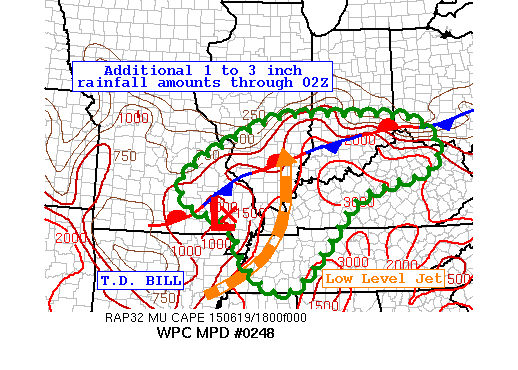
AREAS AFFECTED...SE MO...EXTREME AR...SRN IL...SRN IN...SWRN
OH...WRN AND NRN KY

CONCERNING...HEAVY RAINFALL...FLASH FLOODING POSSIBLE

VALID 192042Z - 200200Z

SUMMARY...HEAVY RAIN THREAT WITH TROPICAL DEPRESSION BILL WILL
CONTINUE SPREADING EASTWARD THROUGH EARLY EVENING.

DISCUSSION...TROPICAL DEPRESSION BILL IS CENTERED OVER THE
SOUTHEAST CORNER OF MO THIS AFTERNOON AND IT WAS CONTINUING TO
MOVE TOWARDS THE EAST-NORTHEAST.  CONVECTION NEAR THE CENTER OF
BILL HAD STARTED TO RECOVER FROM THE DIURNAL MINIMUM FROM EARLIER
THIS MORNING.  THE FOCUS FOR HEAVIEST RAINFALL STILL LOOKS TO BE
WHERE THE 850 MB FLOW RIDES UP AND OVER A QUASI-STATIONARY
BOUNDARY.  THIS ROUGHLY CORRESPONDS TO THE BEST DEFORMATION ZONE
AS SHOWN BY THE GLOBAL AND CONVECTION ALLOWING MODELS AT MID
LEVELS.

HI-RES MODELS FROM EARLY THIS AFTERNOON CONTINUE TO BE IN GENERAL
AGREEMENT ON AN INCREASE IN BANDED CONVECTION EAST OF BILL FROM
THIS AFTERNOON INTO THE EARLY EVENING AS WELL AS ALONG AND NEAR
THE STATIONARY FRONT.

SPC MESO ANALYSIS SHOWS MUCAPES ON THE ORDER OF 1500 TO 3000 J PER
KG FROM THE PARTS OF THE MISSISSIPPI VALLEY INTO THE OH VALLEY.
SATELLITE DERIVED TOTAL PRECIPITABLE WATER VALUES WERE STILL ON
THE ORDER OF 2 TO 2.25 INCHES WHICH WAS BETWEEN 2 AND 3
STANDARDIZED ANAMOLIES ABOVE NORMAL.  THEREFORE WE EXPECT THE
POTENTIAL FOR RAINFALL RATES OF 2"/HOUR IN THE HEAVIEST
CONVECTION. ADDITIONAL RAINFALL TOTALS OF 1-3" ARE EXPECTED WITH
ISOLATED HIGHER AMOUNTS POSSIBLE THROUGH 02Z.

FLASH FLOODING IS POSSIBLE ACROSS THE OUTLINED AREA WITH HIGHEST
RISK PRIMARILY NORTH OF THE STARTIONARY BOUNDARY WHERE FFG VALUES
WERE AS LOW AS 0.50 TO 1.00 INCHES PER HOUR.